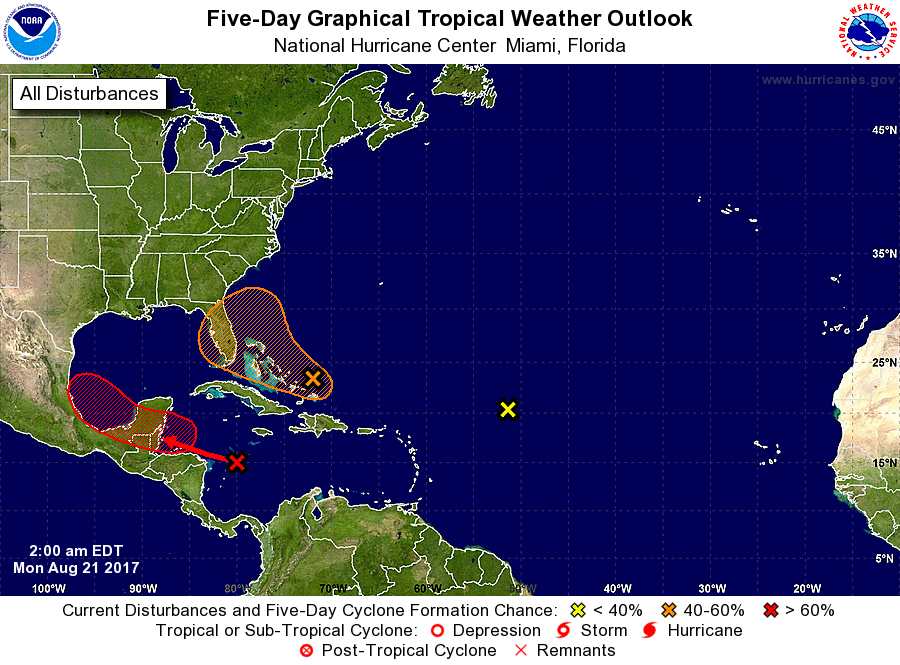
For the North Atlantic...Caribbean Sea and the Gulf of Mexico:

1. A trough of low pressure, associated with the remnants of Harvey, is producing a large area of cloudiness and disorganized thunderstorms over the west-central Caribbean Sea. Some development of this system is still possible before it reaches the coast of Belize or the Yucatan Peninsula early Tuesday. The disturbance is forecast to move into the Bay of Campeche early Wednesday, where environmental conditions are expected to be more conducive for redevelopment. Regardless of development, locally heavy rainfall and gusty winds are likely to spread westward across northern Nicaragua, Honduras, Belize, and the Yucatan Peninsula during the next couple of days.
* Formation chance through 48 hours...medium...50 percent.
* Formation chance through 5 days...high...80 percent.

2. A trough of low pressure located a couple of hundred miles north-northeast of the southeastern Bahamas is producing disorganized showers and thunderstorms that extend southeastward toward Puerto Rico. Environmental conditions are expected to be unfavorable for development of this system during the next day or so while it moves west-northwestward at about 15 mph toward the northern Bahamas and southern Florida. Conditions could become a little more conducive for development later in the week when the system is near Florida or the adjacent waters of the western Atlantic or eastern Gulf of Mexico.
* Formation chance through 48 hours...low...10 percent.
* Formation chance through 5 days...medium...40 percent.

3. A large area of cloudiness and disorganized thunderstorms located about 900 miles east-northeast of the northern Leeward Islands is associated with a surface trough that is interacting with a large upper-level low over the central Atlantic. Upper-level winds are not conducive for development of this system while it moves northwestward over the central Atlantic at 10 to 15 mph.
* Formation chance through 48 hours...low...near 0 percent.
* Formation chance through 5 days...low...near 0 percent.

Forecaster Brown